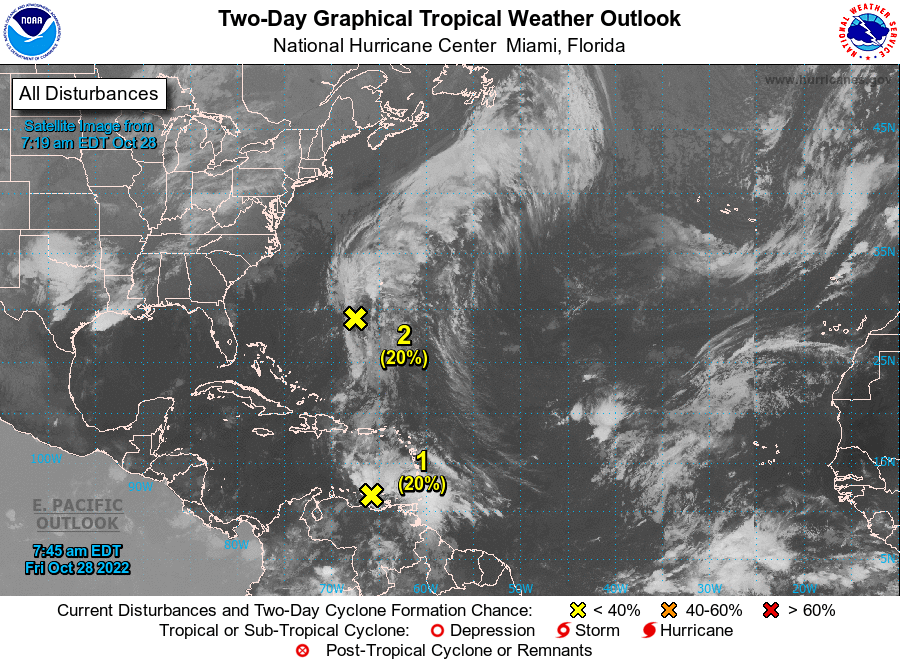
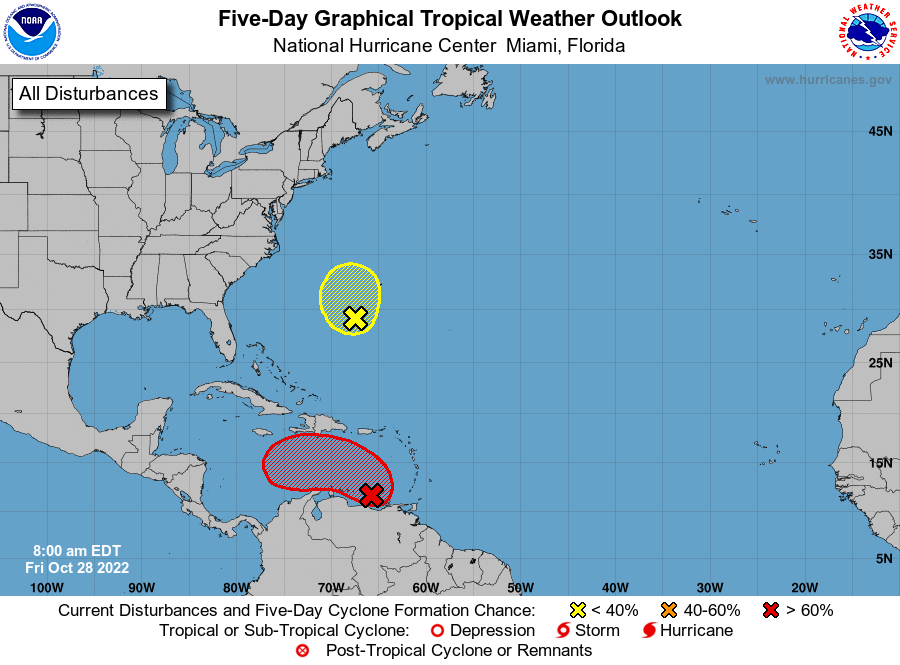
For the North Atlantic...Caribbean Sea and the Gulf of Mexico:

1. Eastern Caribbean: A broad area of low pressure over the southeastern Caribbean Sea is producing a large area of disorganized showers and thunderstorms extending from the Windward Islands west-northwestward for several hundred miles. Environmental conditions are forecast to be conducive for gradual development over the next few days, and a tropical depression is likely to form this weekend or early next week while the disturbance moves slowly westward or west-northwestward over the central Caribbean Sea. Regardless of development, locally heavy rainfall is possible over portions of the Lesser Antilles, the Virgin Islands, and Puerto Rico through this weekend.
* Formation chance through 48 hours...low...20 percent.
* Formation chance through 5 days...high...70 percent.

2. Southwestern Atlantic: A large area of cloudiness and showers extending from near Bermuda southward over the western Atlantic for several hundred miles is associated with a trough of low pressure. A broad area of low pressure is expected to form along the northern portion of the trough axis later today, but environmental conditions are forecast to be only marginally conducive, and any development should be slow to occur. By late Saturday, upper-level winds are forecast to become even less favorable for development, and the low is expected to begin interacting with an approaching frontal system.
* Formation chance through 48 hours...low...20 percent.
* Formation chance through 5 days...low...20 percent.

Forecaster Brown